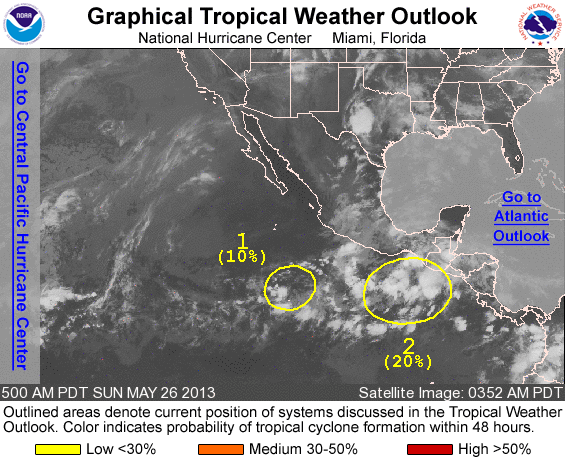
FOR THE EASTERN NORTH PACIFIC...EAST OF 140 DEGREES WEST LONGITUDE..

1. DISORGANIZED SHOWERS AND THUNDERSTORMS CONTINUE IN ASSOCIATION WITH A BROAD AREA OF LOW PRESSURE LOCATED ABOUT 600 MILES SOUTH- SOUTHWEST OF MANZANILLO MEXICO. DEVELOPMENT...IF ANY...OF THIS SYSTEM SHOULD BE SLOW TO OCCUR AS IT MOVES LITTLE OVER THE NEXT COUPLE OF DAYS. THIS SYSTEM HAS A LOW CHANCE...10 PERCENT...OF BECOMING A TROPICAL CYCLONE DURING THE NEXT 48 HOURS.

2. AN AREA OF DISTURBED WEATHER LOCATED OFF THE COAST OF GUATEMALA IS BEGINNING TO MERGE WITH A LARGER DISTURBANCE TO ITS SOUTHWEST. GRADUAL DEVELOPMENT OF THIS COMBINED SYSTEM IS POSSIBLE OVER THE NEXT FEW DAYS AS IT MOVES SLOWLY WEST-NORTHWESTWARD OR NORTHWESTWARD. THIS SYSTEM HAS A LOW CHANCE...20 PERCENT...OF BECOMING A TROPICAL CYCLONE DURING THE NEXT 48 HOURS.

ELSEWHERE...TROPICAL CYCLONE FORMATION IS NOT EXPECTED DURING THE NEXT 48 HOURS.

FORECASTER CANGIALOSI